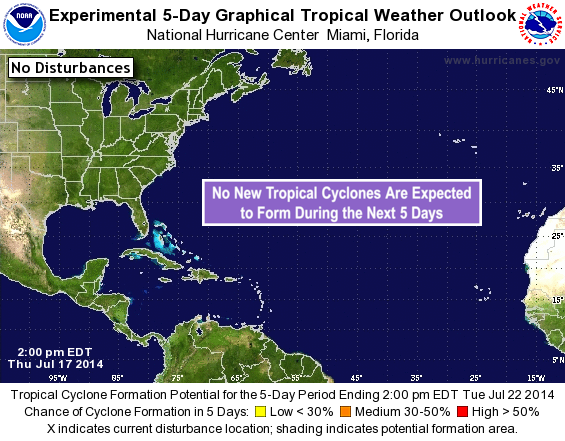
For the North Atlantic...Caribbean Sea and the Gulf of Mexico:

Tropical cyclone formation is not expected during the next 5 days.

Forecaster Avila